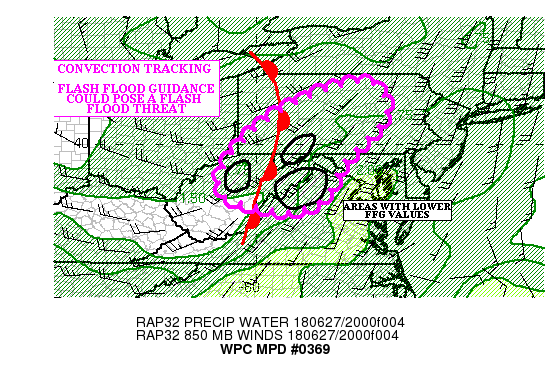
AREAS AFFECTED...NORTHERN WV INTO CENTRAL PA

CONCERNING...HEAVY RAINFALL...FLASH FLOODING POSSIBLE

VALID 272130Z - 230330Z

SUMMARY...CONVECTION TRACKING OVER AREAS WITH LOWER FLASH FLOOD
GUIDANCE VALUES COULD POSE A FLASH FLOOD THREAT THROUGH THE LATE
EVENING HOURS.

DISCUSSION...REGIONAL RADARS ACROSS EASTERN OH/WV INTO WESTERN PA
INDICATED AN INCREASE IN CONVECTIVE COVERAGE...AS LOW LEVEL CIN IS
ERODED NEAR AND WEST OF A WARM FRONT EXTENDING THROUGH THE REGION.
THE CONVECTION IS TAPPING 1000-1500 J/KG OF MUCAPE LOCATED OVER
SOUTHERN OH AND WESTERN WV. SHORT WAVE ENERGY APPROACHING FROM THE
GREAT LAKES IS EXPECTED TO PROVIDE SUFFICIENT SYNOPTIC SCALE
ASCENT TO ALLOW THE CONVECTIVE COVERAGE TO INCREASE FURTHER INTO
THE EARLY EVENING.

THE CONVECTION IS FORMING IN AN AXIS OF 1.50/1.75 INCH
PRECIPITABLE WATER AIR...AND THE HIGH MOISTURE CONTENT AIRMASS IS
ALREADY LEADING TO HOURLY RAINFALL RATES BETWEEN 1.00/1.25 INCHES
OVER PORTIONS OF NORTHERN WV (PER THE KRLX RADAR). RAINFALL RATES
THIS HIGH COULD POSE A FLASH FLOOD RISK IN PLACES LIKE NORTHERN WV
AND NEARBY WESTERN VA IN THE NEAR TERM...WHERE ONE AND THREE HOUR
FLASH FLOOD NUMBERS ARE AS LOW AS AN INCH.

AS THE WARM FRONT MOVES NORTHEAST ACROSS WV/WESTERN WV INTO
CENTRAL PA DURING THE EVENING...A 25/35 KNOT CONVERGENT LOW LEVEL
FLOW BEGINS TAPPING DEEPER MOISTURE FROM A STREAM OF 1.75/2.00
INCH PRECIPITABLE WATER AIR LYING ACROSS EASTERN VA DURING THE
EARLY EVENING. THE DEEPER MOISTURE... COUPLED WITH INCREASING
INSTABILITY (AS MUCAPE VALUES RISE TO BETWEEN 500-1000 J/KG OVER
CENTRAL PA NEAR AND BEHIND THE WARM FRONT)...SHOULD ALLOW
CONVECTION TO PRODUCE HOURLY RAINFALL RATES NEARING 1.50 INCHES
OVER PORTIONS OF CENTRAL PA AFTER 28/23Z.

AFTER THAT TIME...THE MAIN FLASH FLOOD THREAT COULD SHIFT INTO
CENTRAL PA...WHERE THE LATEST HRRR/EXPERIMENTAL HRRR INDICATED
LOCAL RAINFALL AMOUNTS BETWEEN 2.00/3.00 INCHES. INCREASING
DIVERGENCE AHEAD OF THE SHORT WAVE COULD ALLOW THE CONVECTION TO
EXPAND IN COVERAGE...EVEN AFTER 28/03Z. AT THIS POINT...BECAUSE
THE OVERALL COVERAGE IS STILL IN QUESTION...FLASH FLOODING IS
CONSIDERED POSSIBLY INTO THE EVENING.